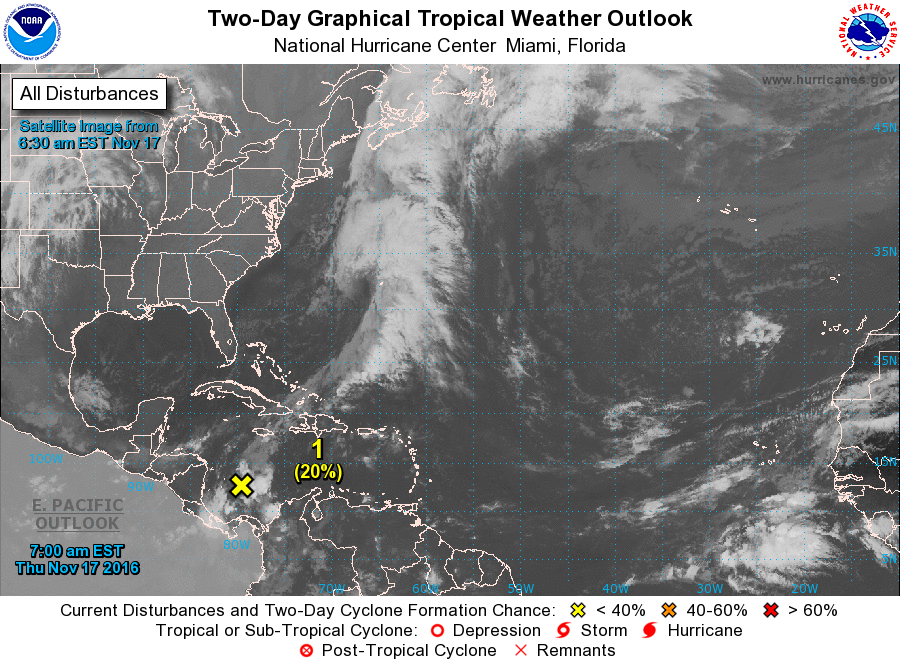
For the North Atlantic...Caribbean Sea and the Gulf of Mexico:

1. Cloudiness and showers over the southwestern Caribbean Sea are associated with a broad low pressure area. This system has become a little less organized since yesterday. However, environmental conditions are expected to be conducive for slow development during the next several days, and a tropical depression could form over the weekend or early next week while the low moves slowly and erratically.
* Formation chance through 48 hours...low...20 percent
* Formation chance through 5 days...high...70 percent

Forecaster Beven